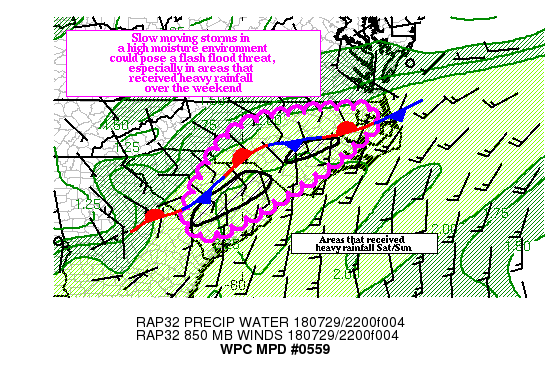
Areas affected...Portions of central and eastern NC/SC

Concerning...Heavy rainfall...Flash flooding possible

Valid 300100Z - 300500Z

SUMMARY...Scattered convection moving slowly in a high moisture
environment could produce hourly rainfall rates in excess of 2.00
inches during the evening hours. This much rainfall could pose a
flash flood threat over areas that saw heavy rainfall earlier this
weekend.

DISCUSSION...Regional radars and the most recent GOES-16 clean IR
loop showed that the convection extending from southern SC into
portions of central and eastern NC early this evening. While there
is still an axis of 1000-1500 J/KG of MLCAPE (these values are
confirmed by nearby 30/00z) near a stationary front extending from
east central GA into northeast NC, CIN is beginning extend across
the region, so a slow dissipation of convection can be expected
into the evening hours.

Much of the high resolution guidance showed instability remaining
in place through about 03/04z, though it becomes more separated
with time. However, with deep moisture remaining in place (with
precipitable water values in excess of 2.00 inches), and the low
level southerly inflow increasing, moisture will not be an issue
for a continued flash flood threat. The front could act as a focus
for scattered convection through about 30/04z.

Newer convection developing in the southerly flow is starting to
increase on regional radar, and IR tops are starting to cool. This
training, even if it remains scattered, while pose a flash flood
threat.

The most recent HRRR showed localized rainfall amounts near 6.00
inches over east central NC, as well as portions of south central
SC. These amounts could only occur with short term training or
cell mergers, which are possible given the current environment.
Since portions of the areas have seen 3.00 to 5.00+ inch rainfall
amounts over the past two days, any storm with producing hourly
rainfall rates near 2.00 inches will pose a flash flood threat
this evening.